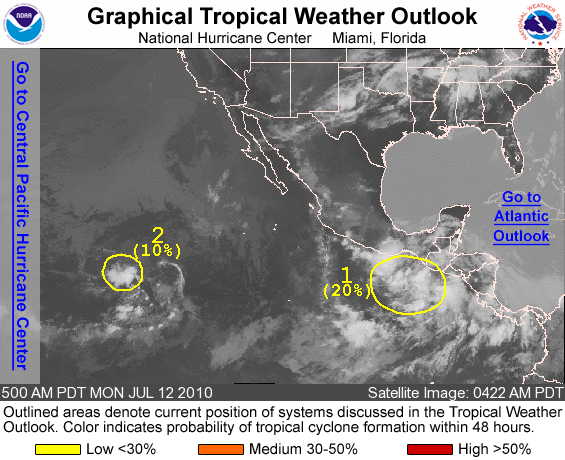
FOR THE EASTERN NORTH PACIFIC...EAST OF 140 DEGREES WEST LONGITUDE..

1. A BROAD AREA OF LOW PRESSURE LOCATED A COUPLE HUNDRED MILES SOUTH OF THE GULF OF TEHUANTEPEC IS PRODUCING WIDESPREAD SHOWERS AND THUNDERSTORMS. ENVIRONMENTAL CONDITIONS ARE SOMEWHAT CONDUCIVE FOR ADDITIONAL DEVELOPMENT OF THIS SYSTEM OVER THE NEXT COUPLE OF DAYS AS IT MOVES WEST-NORTHWESTWARD AT 5 TO 10 MPH. THERE IS A LOW CHANCE...20 PERCENT...OF THIS SYSTEM BECOMING A TROPICAL CYCLONE DURING THE NEXT 48 HOURS.

2. A SMALL AREA OF LOW PRESSURE IS LOCATED ABOUT 1400 MILES WEST-SOUTHWEST OF THE SOUTHERN TIP OF BAJA CALIFORNIA. ALTHOUGH SHOWERS AND THUNDERSTORMS HAVE PERSISTED FOR THE LAST 24 HOURS... ENVIRONMENTAL CONDITIONS ARE ONLY MARGINALLY CONDUCIVE FOR FURTHER DEVELOPMENT OF THIS DISTURBANCE. THERE IS A LOW CHANCE...10 PERCENT...OF THIS SYSTEM BECOMING A TROPICAL CYCLONE DURING THE NEXT 48 HOURS.

ELSEWHERE...TROPICAL CYCLONE FORMATION IS NOT EXPECTED DURING THE NEXT 48 HOURS.

FORECASTER STEWART/LANDSEA